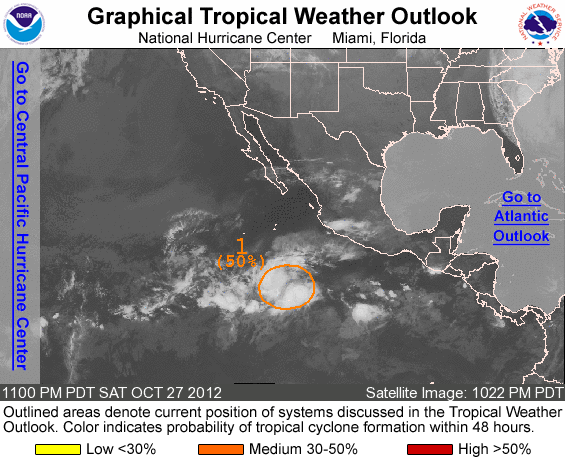
FOR THE EASTERN NORTH PACIFIC...EAST OF 140 DEGREES WEST LONGITUDE..

1. SHOWERS AND THUNDERSTORMS ARE GRADUALLY BECOMING BETTER ORGANIZED IN ASSOCIATION WITH AN AREA OF LOW PRESSURE LOCATED ABOUT 600 MILES SOUTHWEST OF MANZANILLO MEXICO. ALTHOUGH UPPER-LEVEL WINDS ARE ONLY MARGINAL CONDUCIVE...SLOW DEVELOPMENT OF THIS LOW IS POSSIBLE AS IT MOVES WEST-NORTHWESTWARD AT 10 TO 15 MPH. THIS SYSTEM HAS A MEDIUM CHANCE...50 PERCENT...OF BECOMING A TROPICAL CYCLONE DURING THE NEXT 48 HOURS.

ELSEWHERE...TROPICAL CYCLONE FORMATION IS NOT EXPECTED DURING THE NEXT 48 HOURS.

FORECASTER CANGIALOSI